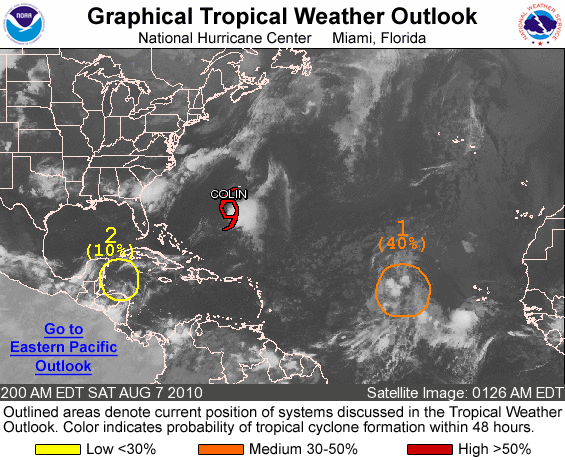
FOR THE NORTH ATLANTIC...CARIBBEAN SEA AND THE GULF OF MEXICO...

THE NATIONAL HURRICANE CENTER IS ISSUING ADVISORIES ON TROPICAL STORM COLIN...LOCATED ABOUT 245 MILES SOUTH-SOUTHWEST OF BERMUDA.

1. A LARGE AREA OF DISTURBED WEATHER OVER THE CENTRAL ATLANTIC IS ASSOCIATED WITH AN AREA OF LOW PRESSURE LOCATED ABOUT 800 MILES WEST OF THE CAPE VERDE ISLANDS. ENVIRONMENTAL CONDITIONS ARE FAVORABLE FOR SLOW DEVELOPMENT OF THIS SYSTEM DURING THE NEXT COUPLE OF DAYS AS IT MOVES TOWARD THE WEST-NORTHWEST AT AROUND 15 MPH. THERE IS A MEDIUM CHANCE...40 PERCENT...OF THIS SYSTEM BECOMING A TROPICAL CYCLONE DURING THE NEXT 48 HOURS.

2. SHOWER ACTIVITY ASSOCIATED WITH A TROPICAL WAVE OVER THE NORTHWESTERN CARIBBEAN SEA HAS DECREASED OVER THE PAST FEW HOURS. THERE ARE NO SIGNS OF A SURFACE CIRCULATION...AND SIGNIFICANT DEVELOPMENT OF THIS SYSTEM IS NOT EXPECTED BEFORE IT MOVES INLAND OVER THE YUCATAN PENINSULA AND BELIZE LATER TODAY. THERE IS A LOW CHANCE...10 PERCENT...OF THIS SYSTEM BECOMING A TROPICAL CYCLONE DURING THE NEXT 48 HOURS.

ELSEWHERE...TROPICAL CYCLONE FORMATION IS NOT EXPECTED DURING THE NEXT 48 HOURS.

FORECASTER BRENNAN